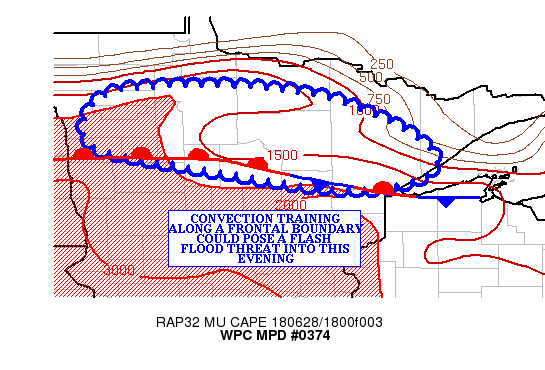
AREAS AFFECTED...NORTHERN MN

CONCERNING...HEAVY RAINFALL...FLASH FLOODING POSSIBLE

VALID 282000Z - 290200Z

SUMMARY...CONVECTION TRAINING IN ENVIRONMENT WITH DEEPENING
MOISTURE ALONG A FRONTAL BOUNDARY COULD POSE A FLASH FLOOD THREAT
INTO THE EARLY EVENING.

DISCUSSION...THE GOES-16 CLEAN IR LOOP SHOWED AN EXPANDING AREA OF
COOLING TOPS ACROSS A PORTION OF NORTHERN MN THIS AFTERNOON. THE
SCATTERED CONVECTION WAS DEVELOPING IN AN AREA OF 1000-2000 J/KG
OF MUCAPE NEAR AND NORTH OF A FRONTAL BOUNDARY EXTENDING FROM EAST
CENTRAL ND INTO NORTHERN WI...AHEAD OF SHORT WAVE ENERGY IN A
QUASI ZONAL MID LEVEL FLOW.

THE CONVECTION WAS FORMING ON THE NORTHERN EDGE OF A PRECIPITABLE
WATER GRADIENT OVER CENTRAL AND NORTHERN MN...WITH THE MOST RECENT
RAP ANALYSIS SHOWING VALUES APPROACHING 1.50 INCHES NEAR THE
FRONT. IN THIS ENVIRONMENT...THE KDLH RADAR SHOWED HOURLY RAINFALL
RATES BETWEEN 1.50 AND 2.00 INCHES OVER NORTHERN AITKIN COUNTY.
HOWEVER...BASED ON THE KDLH HCA PRODUCT... THE RADAR PRESENTATION
AND STEEP LAPSE RATES NOTED ON RAP MODEL SOUNDING HERE... IT IS
LIKELY THAT THERE IS SOME HAIL CONTAMINATION OF THE HOURLY
RAINFALL RATES. THAT HAVING BEEN SAID...WFO DLH REPORTED SOME OF
THE CONVECTION PRODUCED RAINFALL AMOUNTS BETWEEN 1.50 AND 3.00
INCHES IN LESS 30 MINUTES.

THE 12Z WRF-ARW APPEARED TO HAVE THE BEST HANDLE ON THE PLACEMENT
OF THE CONVECTION (THE MOST RECENT HRRR WAS TOO FAR SOUTH... AND
THE MOST RECENT EXPERIMENTAL HRRR DID NOT HAVE MUCH CONVECTION
WHERE IT IS OCCURRING). THIS MODEL SHOWED A GENERAL INCREASE IN
THE CONVECTIVE COVERAGE ALONG THE FRONT THROUGH 29/00Z...AND AS
THE 850-300 MB MEAN FLOW BECOMES BETTER ALIGNED WITH THE
PROPAGATION VECTORS...THE THREAT FOR FLASH FLOODING INCREASES.

THE 12Z WRF-ARW SHOWED LOCAL 2.00-3.00 INCH RAINFALL AMOUNTS WHERE
THE CONVECTION TRAINING NEAR THE FRONT...AND BASED ON THE
INFORMATION SUPPLIED BY WFO DLH...THESE AMOUNTS SEEM PLAUSIBLE.
THREE HOUR FLASH FLOOD GUIDANCE VALUES ARE GENERALLY ABOVE 2.00
INCHES ALONG THE FRONT...SO THIS COULD BE A LIMITING FACTOR FOR
FLASH FLOODING. BASED ON THE MOISTURE IN PLACE...AND HOURLY
RAINFALL RATES ON RADAR AND IN REPORTS...FLASH FLOODING IS
CONSIDERED POSSIBLE INTO EARLY EVENING.